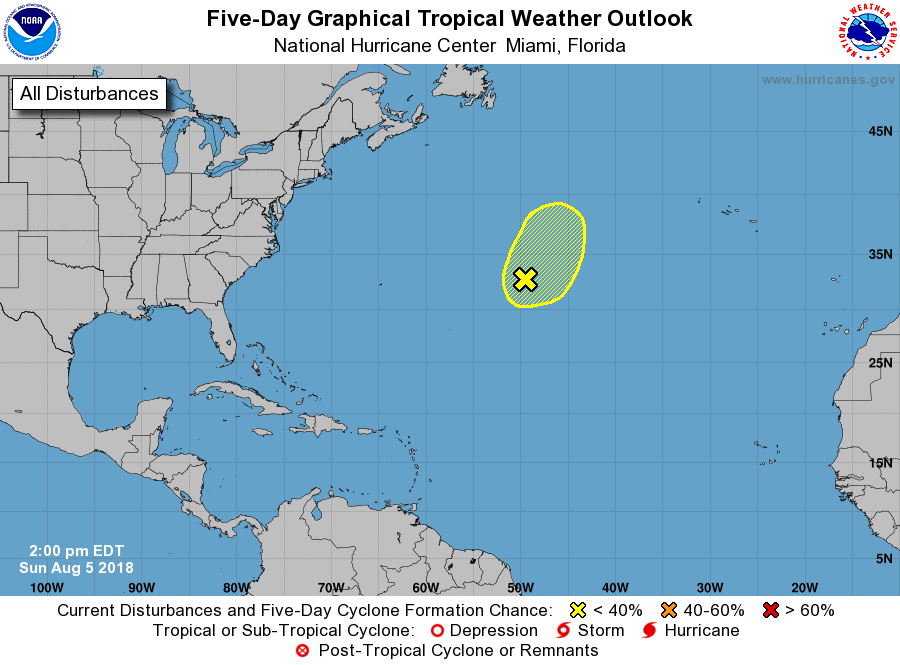
For the North Atlantic...Caribbean Sea and the Gulf of Mexico:

1. A non-tropical low pressure system centered about 1100 miles west-southwest of the Azores continues to produce limited shower activity. Environmental conditions are expected to be only marginally conducive for the low to acquire subtropical or tropical characteristics while it moves little over the next day or so, and then moves north-northeastward through Tuesday. Additional information on this system can be found in High Seas Forecasts issued by the National Weather Service.
* Formation chance through 48 hours...low...30 percent.
* Formation chance through 5 days...low...30 percent.

High Seas Forecasts issued by the National Weather Service can be found under AWIPS header NFDHSFAT1, WMO header FZNT01 KWBC, and on the Web at https://ocean.weather.gov/shtml/NFDHSFAT1.shtml.

Forecaster Pasch